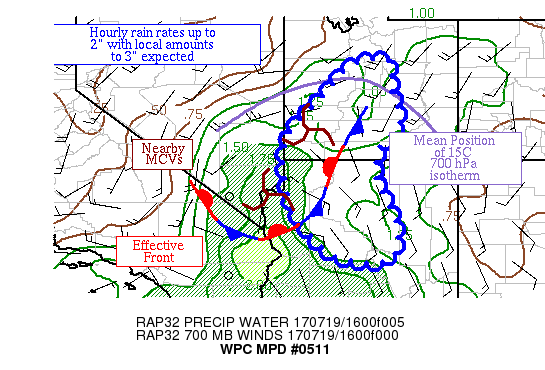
AREAS AFFECTED...NORTHWEST AZ & SOUTHWEST UT

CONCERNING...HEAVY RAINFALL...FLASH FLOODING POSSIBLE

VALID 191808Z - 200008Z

SUMMARY...CUMULI ARE BEGINNING TO DEVELOP ACROSS NORTHERN AZ AND
UT.  HOURLY RAIN RATES IN THE RESULTANT THUNDERSTORMS OF UP TO 2"
WITH LOCAL AMOUNTS TO 3" ARE EXPECTED LATE THIS MORNING INTO THIS
AFTERNOON.

DISCUSSION...MORNING THUNDERSTORM ACTIVITY ACROSS NORTHWEST AZ AND
SOUTHERN CA HAS SENT OUT AN OUTFLOW BOUNDARY WHICH ALONG WITH
EARLIER CLOUD COVER IS AN EFFECTIVE FRONT ACROSS THE REGION.
ALOFT, MCVs ARE LOCATED ACROSS EXTREME NORTHWEST AZ AND SOUTHWEST
UT.  ML CAPES ARE ESTIMATED TO BE 500-1000 J/KG AT THIS TIME.
EFFECTIVE BULK SHEAR SHOULD BE NEAR 20 KTS.  PRECIPITABLE WATER
VALUES ARE 1-1.5" WITHIN THE TERRAIN IN THIS REGION.

THE GUIDANCE INDICATES THAT CONVECTION SHOULD INITIATE DURING THE
NEXT COUPLE HOURS, WHICH SHOULD BECOME MORE RESTRICTED TO THE
TERRAIN WITH TIME AS 700 HPA TEMPERATURES WARM ACROSS THE REGION,
ACTING AS A CAPPING INVERSION ACROSS NEARLY VALLEYS.  WITH THE
AVAILABLE MOISTURE AND BUILDING INSTABILITY, WHICH SHOULD BUILD
ANOTHER 1000+ J/KG INTO THIS AFTERNOON, HOURLY RAIN RATES UP TO 2"
ARE POSSIBLE.  THE MEAN 850-400 HPA WINDS ARE WEAK, WHICH SHOULD
CONTRIBUTE TO SLOW CELL MOTIONS.  THE MESOSCALE GUIDANCE INDICATES
THAT LOCAL AMOUNTS TO 3" ARE POSSIBLE, WHICH COULD BE PROBLEMATIC
IN UT WHERE SUCH RAINFALL IS INFREQUENT/UNUSUAL.  FIRES DURING THE
PAST MONTH ACROSS NORTHERN AZ AND SOUTHWEST UT (PER AN SAB/NESDIS
BRIEFING) INDICATE THAT RECENT BURN SCARS COULD MAGNIFY HEAVY RAIN
ISSUES.